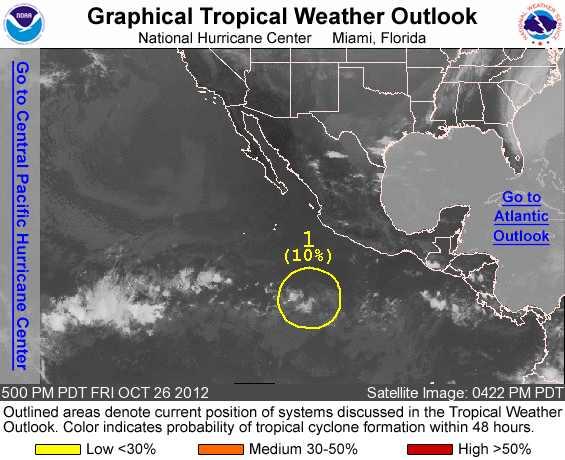
FOR THE EASTERN NORTH PACIFIC...EAST OF 140 DEGREES WEST LONGITUDE..

1. A WEAK AREA OF LOW PRESSURE LOCATED ABOUT 625 MILES SOUTH-SOUTHWEST OF MANZANILLO MEXICO IS PRODUCING DISORGANIZED SHOWERS AND THUNDERSTORMS. DEVELOPMENT...IF ANY...OF THIS LOW IS EXPECTED TO BE SLOW TO OCCUR AS IT MOVES TO THE WEST-NORTHWEST AT ABOUT 10 TO 15 MPH. THIS SYSTEM HAS A LOW CHANCE...10 PERCENT...OF BECOMING A TROPICAL CYCLONE DURING THE NEXT 48 HOURS.

ELSEWHERE...TROPICAL CYCLONE FORMATION IS NOT EXPECTED DURING THE NEXT 48 HOURS.

FORECASTER BLAKE